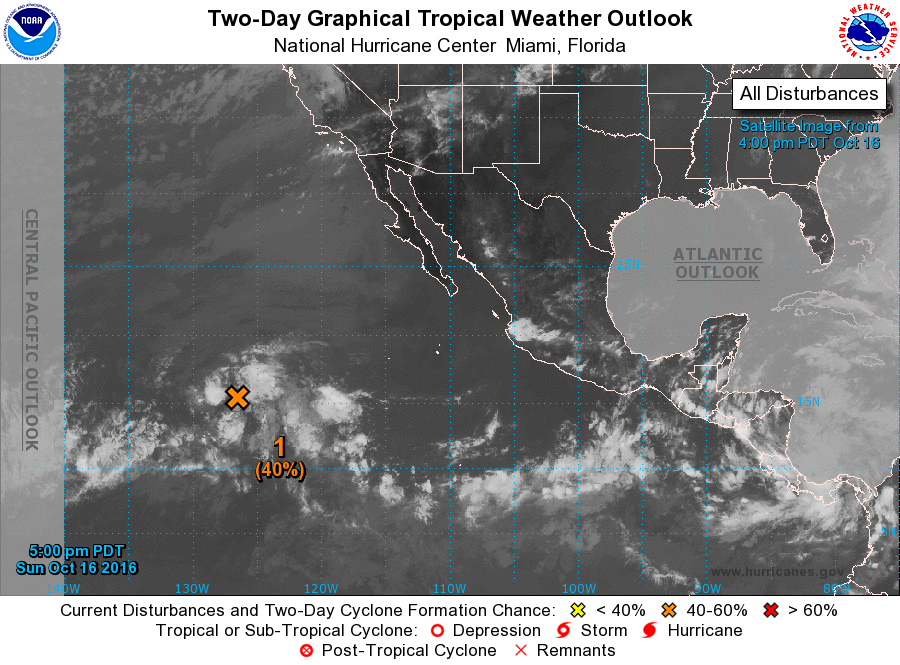
For the eastern North Pacific...east of 140 degrees west longitude:

1. A broad area of low pressure located about 1200 miles west-southwest of the southern tip of the Baja California peninsula continues to produce disorganized showers and thunderstorms. Some gradual development of this system is still possible during the next few days before upper-level winds become less conducive for development. This disturbance is forecast to move westward to west-southwestward at about 10 mph.
* Formation chance through 48 hours...medium...40 percent
* Formation chance through 5 days...medium...50 percent

Forecaster Brown